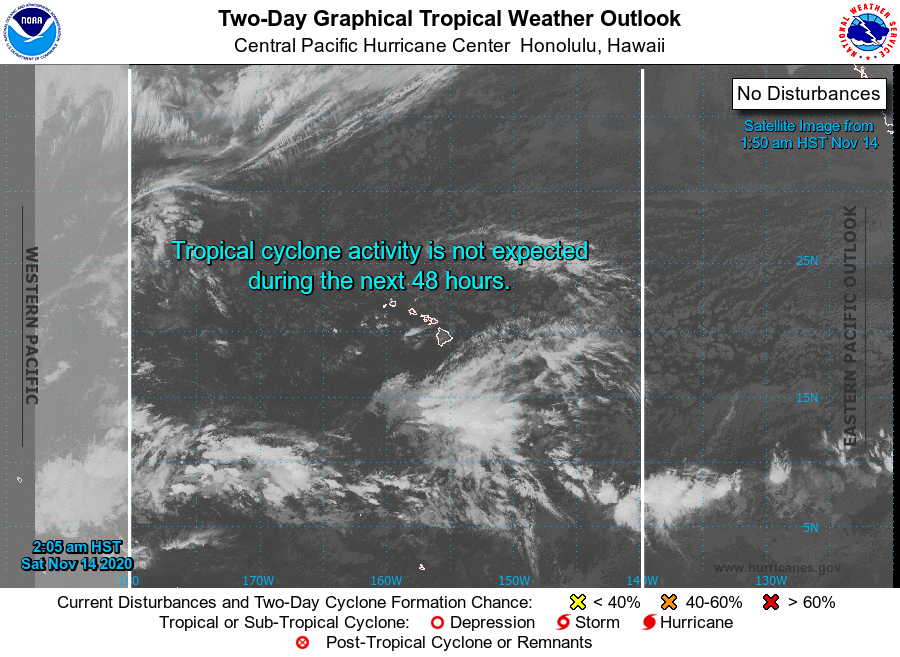
For the central North Pacific...between 140W and 180W:

No tropical cyclones are expected during the next 5 days.

Forecaster Lau